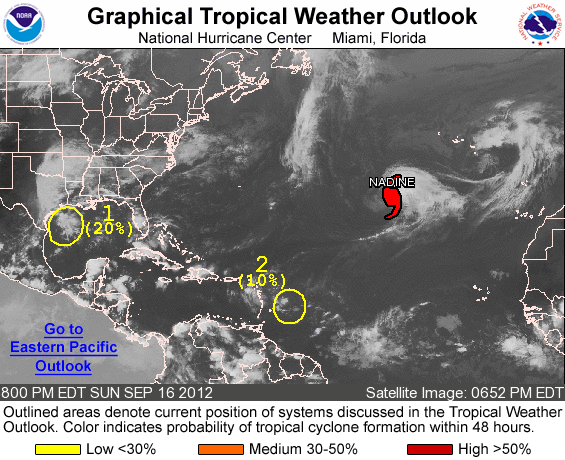
FOR THE NORTH ATLANTIC...CARIBBEAN SEA AND THE GULF OF MEXICO...

THE NATIONAL HURRICANE CENTER IS ISSUING ADVISORIES ON HURRICANE NADINE...LOCATED ABOUT 850 MILES WEST-SOUTHWEST OF THE AZORES.

1. DISORGANIZED SHOWERS AND THUNDERSTORMS OVER THE NORTHWESTERN GULF OF MEXICO ARE ASSOCIATED WITH A WEAK LOW PRESSURE AREA. DEVELOPMENT...IF ANY...OF THIS SYSTEM SHOULD BE SLOW TO OCCUR DUE TO STRONG UPPER-LEVEL WINDS. THIS DISTURBANCE HAS A LOW CHANCE...20 PERCENT...OF BECOMING A TROPICAL OR SUBTROPICAL CYCLONE BEFORE IT MOVES INLAND ALONG THE NORTH-CENTRAL GULF COAST BY EARLY TUESDAY. THIS SYSTEM...ALONG WITH AN APPROACHING COLD FRONT... COULD PRODUCE PERIODS OF LOCALLY HEAVY RAINFALL ALONG PORTIONS OF THE NORTHERN GULF COAST DURING THE NEXT DAY OR TWO.

2. A WEAK LOW PRESSURE AREA LOCATED ABOUT 300 MILES EAST OF THE LESSER ANTILLES IS PRODUCING MINIMAL SHOWER ACTIVITY. ENVIRONMENTAL CONDITIONS ARE EXPECTED TO REMAIN UNFAVORABLE FOR DEVELOPMENT DURING THE NEXT DAY OR TWO. THIS SYSTEM HAS A LOW CHANCE...10 PERCENT...OF BECOMING A TROPICAL CYCLONE DURING THE NEXT 48 HOURS AS IT MOVES WESTWARD AT AROUND 15 MPH.

ELSEWHERE...TROPICAL CYCLONE FORMATION IS NOT EXPECTED DURING THE NEXT 48 HOURS.

FORECASTER BROWN